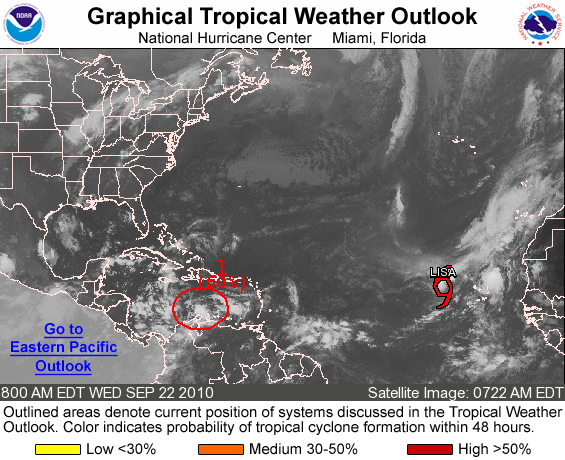
FOR THE NORTH ATLANTIC...CARIBBEAN SEA AND THE GULF OF MEXICO...

THE NATIONAL HURRICANE CENTER IS ISSUING ADVISORIES ON TROPICAL STORM LISA...LOCATED ABOUT 450 MILES WEST-NORTHWEST OF THE CAPE VERDE ISLANDS.

1. SURFACE OBSERVATIONS...SATELLITE IMAGES...AND RADAR DATA FROM CURACAO INDICATE THAT AN AREA OF LOW PRESSURE HAS FORMED OVER THE SOUTH-CENTRAL CARIBBEAN SEA. THIS SYSTEM HAS THE POTENTIAL TO BECOME A TROPICAL DEPRESSION LATER TODAY OR TOMORROW AS IT MOVES WESTWARD AT 15 MPH TOWARD THE WESTERN CARIBBEAN. THERE IS A HIGH CHANCE...60 PERCENT...OF THIS SYSTEM BECOMING A TROPICAL CYCLONE DURING THE NEXT 48 HOURS. REGARDLESS OF ADDITIONAL DEVELOPMENT...SQUALLS ARE LIKELY TO OCCUR OVER THE NETHERLANDS ANTILLES...AND THE NORTHERN COASTS OF WESTERN VENEZUELA AND COLOMBIA TODAY. THIS SYSTEM ALSO HAS THE POTENTIAL TO PRODUCE HEAVY RAINS OVER PORTIONS OF CENTRAL AMERICA IN A COUPLE DAYS.

ELSEWHERE...TROPICAL CYCLONE FORMATION IS NOT EXPECTED DURING THE NEXT 48 HOURS.

FORECASTER AVILA/BERG